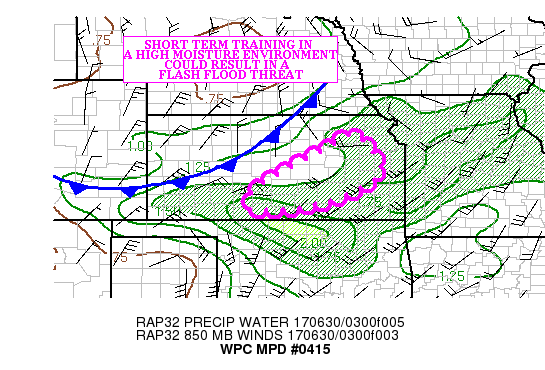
AREAS AFFECTED...CENTRAL AND EASTERN KS

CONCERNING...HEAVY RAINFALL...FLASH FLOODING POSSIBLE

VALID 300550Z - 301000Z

SUMMARY...SHORT TERM TRAINING OF CONVECTION OVER CENTRAL AND
EASTERN KS COULD RESULT IN A FLASH FLOOD THREAT EARLY THIS MORNING.

DISCUSSION...REGIONAL RADARS SHOWED CONVECTION INTENSIFYING IN A
MOISTURE AXIS AHEAD OF A COLD FRONT STRETCHING ACROSS CENTRAL AND
WESTERN KS EARLY THIS MORNING. THE EXPERIMENTAL GOES-16 CLEAR IR
LOOP SHOWED COLD CLOUD TOPS IN THE MOISTURE AXIS...WITH BUSTS OF
COLDER CONVECTION REACHING -74 CELSIUS.

THE CONVECTION WAS FEEDING ON AN AXIS OF 2000-3000 J/KG OF
MLCAPE...EMBEDDED IN A STRIPE OF 1.75 INCH PRECIPITABLE WATER AIR.
A LONG TERM RADAR LOOP SHOWED A SLOW SOUTHEAST CREEP WITH THE
CONVECTION AS IT CROSSES CENTRAL AND EASTERN KS...WITH KTWX
SHOWING HOURLY RAINFALL RATES BETWEEN 2.50 AND 3.00 INCHES.
HOWEVER...MESONET OBSERVATIONS SUGGEST THAT THE HOURLY RATES ARE
PROBABLY CLOSER TO 1.50 INCHES...AS STEEPENING LAPSE RATES AND DRY
AIR IN THE MID LEVELS SUPPORT HAIL PRODUCTION...WHICH IS INFLATING
HOURLY RAINFALL RATES.

THE SLOW SOUTHEAST MOVEMENT OF THE CONVECTION COULD ALLOW FOR
SHORT TERM TRAINING AND BACKBUILDING...WHICH IN TURN COULD POSE A
FLASH FLOOD RISK...WITH THE GREATEST THREAT ACROSS PORTIONS OF
EASTERN KS. THE LATEST HRRR SUGGESTS LOCAL 2.00 TO 3.00 INCH
RAINFALL AMOUNTS IN THIS AREA... AND THIS WOULD BE CONTINGENT OF
SHORT TERM TRAINING AND/OR BACKBUILDING OCCURRING.

FALLING MID LEVEL HEIGHTS AHEAD OF POSITIVELY TILTED LONG WAVE
TROUGH OVER THE NORTHERN ROCKIES SHOULD ALLOW THE CONVECTION TO
BECOME MORE OUTFLOW DOMINATED AS A COLD POOL BECOMES ESTABLISHED.
THIS IS DEPICTED WELL BY MOST HIGH RESOLUTION MODEL SOLUTIONS
(INCLUDING THE LATEST HRRR)...SO THE FLASH FLOOD THREAT IS
EXPECTED TO DIMINISH AS THE COLD POOL DEVELOPS...AND THE
CONVECTION ACCELERATES SOUTHEASTWARD.